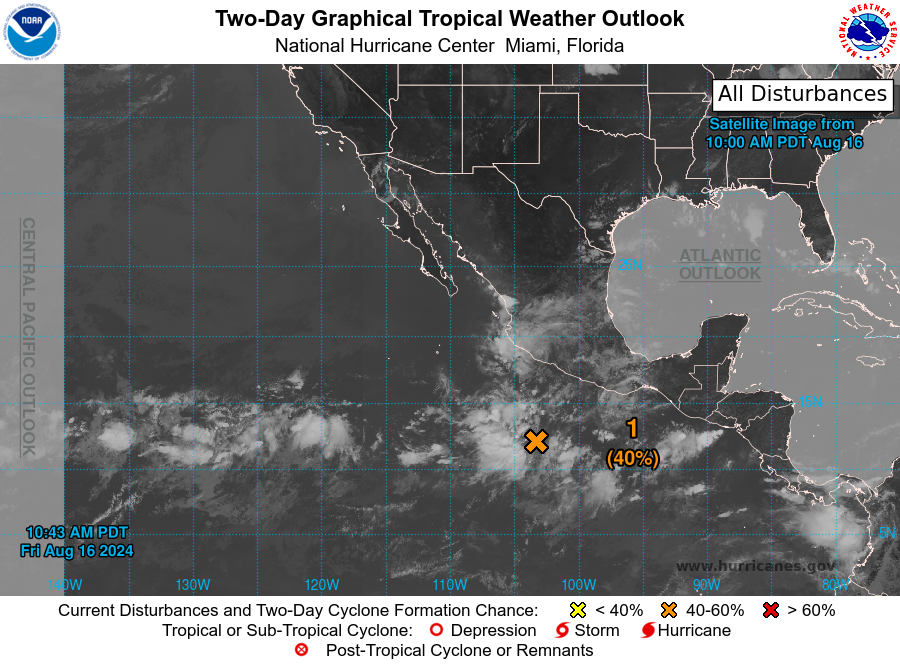
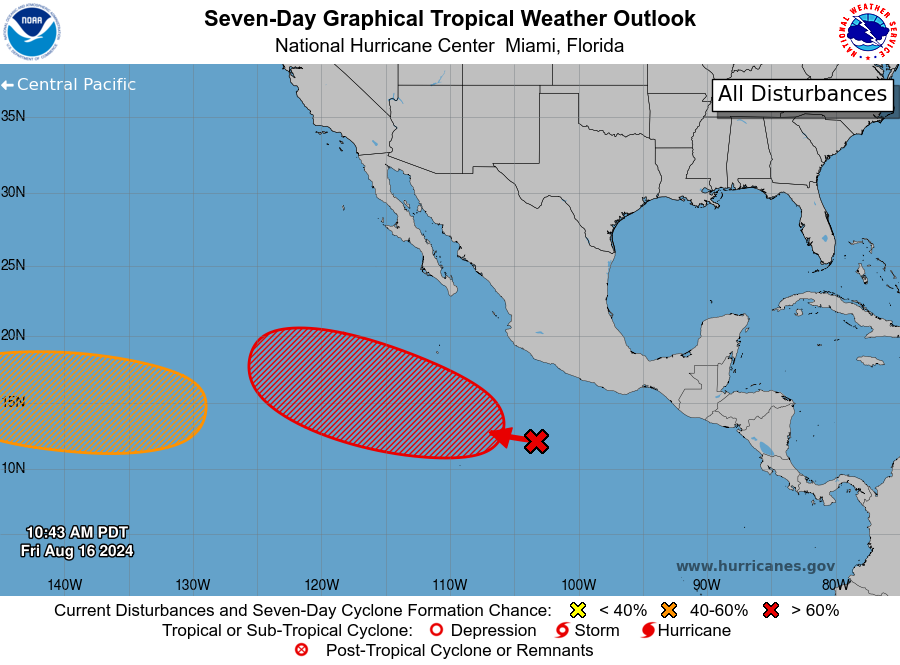
For the eastern North Pacific...east of 140 degrees west longitude:

1. Offshore of Southwestern Mexico: Disorganized showers and thunderstorms located several hundred miles off the southwestern coast of Mexico are associated with a tropical wave. Environmental conditions appear conducive for gradual development of this system during the next few days, and a tropical depression is likely to form early next week while it moves west-northwestward at about 10 mph away from the coast of Mexico.
* Formation chance through 48 hours...medium...40 percent.
* Formation chance through 7 days...high...80 percent.

2. Western Portion of the East Pacific: An area of low pressure could form by early next week more than a thousand miles west-southwest of the southern tip of the Baja California peninsula. Some slow development of this system is possible, and a tropical depression could form during the middle to latter part of next week while it moves generally westward across the western portion of the East Pacific and into the Central Pacific basin. Information on this system's development can also be found in the Tropical Weather Outlook for the Central Pacific basin.
* Formation chance through 48 hours...low...near 0 percent.
* Formation chance through 7 days...medium...50 percent.

The Tropical Weather Outlook for the Central Pacific basin can be found under AWIPS header HFOTWOCP and WMO header ACPN50 PHFO and on the web at hurricanes.gov

Forecaster Berg